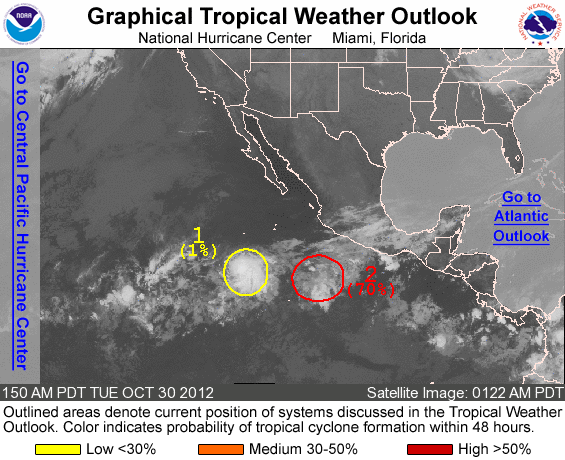
FOR THE EASTERN NORTH PACIFIC...EAST OF 140 DEGREES WEST LONGITUDE..

SPECIAL OUTLOOK ISSUED TO UPDATE DISCUSSION OF THE LOW PRESSURE SYSTEM LOCATED ABOUT 700 MILES SOUTH-SOUTHWEST OF CABO SAN LUCAS MEXICO.

1. UPDATED...SHOWERS AND THUNDERSTORMS HAVE BECOME SIGNIFICANTLY BETTER ORGANIZED NEAR A LOW PRESSURE SYSTEM LOCATED ABOUT 700 MILES SOUTH-SOUTHWEST OF CABO SAN LUCAS MEXICO...AND A TROPICAL DEPRESSION COULD BE FORMING. IF THIS TREND CONTINUES...ADVISORIES COULD BE INITIATED LATER THIS MORNING. THIS SYSTEM HAS A HIGH CHANCE...70 PERCENT...OF BECOMING A TROPICAL CYCLONE DURING THE NEXT 48 HOURS AS IT MOVES WEST-NORTHWESTWARD AT AROUND 10 MPH.

2. SHOWERS AND THUNDERSTORMS ASSOCIATED WITH A WEAK AREA OF LOW PRESSURE LOCATED ABOUT 400 MILES SOUTH-SOUTHWEST OF MANZANILLO MEXICO HAVE DECREASED...AND UPPER-LEVEL WINDS ARE FORECAST TO BECOME LESS CONDUCIVE FOR DEVELOPMENT WITHIN A DAY OR SO. THIS SYSTEM HAS A LOW CHANCE...20 PERCENT...OF BECOMING A TROPICAL CYCLONE DURING THE NEXT 48 HOURS AS IT MOVES SLOWLY WEST-NORTHWESTWARD.

ELSEWHERE...TROPICAL CYCLONE FORMATION IS NOT EXPECTED DURING THE NEXT 48 HOURS.

FORECASTER BERG